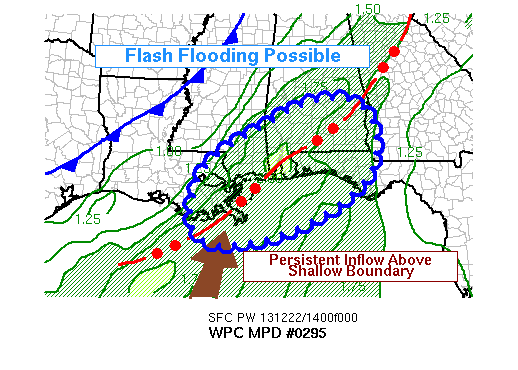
AREAS AFFECTED...SE LA...SRN MS AND AL...NW FL

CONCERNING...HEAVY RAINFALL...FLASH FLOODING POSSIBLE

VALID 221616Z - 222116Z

SUMMARY...PERSISTENT TRAINING NEAR AN OUTFLOW BOUNDARY MAY YIELD
ISOLATED FLASH FLOODING. THE AXIS OF HEAVY RAIN WILL MOVE ONLY
VERY SLOWLY EAST THIS AFTERNOON.

DISCUSSION...A NARROW SWATH OF 2 TO 4 INCHES OF RAIN HAD FALLEN IN
THE EARLY MORNING HOURS OVER A SMALL PART OF SOUTHERN MS/AL. THIS
AREA FROM JUST NORTH OF GULFPORT MS TO WEST OF THOMASVILLE AL WILL
BE AT SOMEWHAT GREATER RISK OF FLASH FLOODING WITH MODERATE TO
HEAVY RAINS EXPECTED TO CONTINUE. OTHER SURROUNDING
AREAS...TOO...MAY SEE RAINFALL EXCEEDING FLASH FLOOD GUIDANCE ON
THE LONGER...3 TO 6 HOUR...TIME SCALES.

ON THE LARGE SCALE THIS REGION REMAINS WITHIN CONFLUENT 850-700 MB
FLOW WITH PW VALUES OF ABOUT 1.8 INCHES...2.5 STANDARD DEVIATIONS
FROM CLIMATOLOGY...FEEDING IN OFF THE GULF. THE LOW LEVEL JET WILL
BE VEERING AS A SIGNIFICANT SHORTWAVE EXITS TOWARD THE
NORTHEAST...BUT THE RAP AND HRRR MODELS ARE INSISTENT THAT 850-700
MB LIFT REMAINS FOCUSED THROUGH LATE AFTERNOON IN A ZONE FROM SE
LA TOWARD SE AL. WITH SUFFICIENT INFLOW AND WEAK COLD POOL
FORMATION...CONTINUAL REDEVELOPMENT OF CELLS APPEARS LIKELY BEHIND
THE INITIAL OUTFLOW BOUNDARY...WITH CELLS THEN TRAINING FROM SW TO
NE.

ALTHOUGH THIS TYPE OF ELEVATED CONVECTION IS OFTEN RANDOMLY
DISTRIBUTED...IT MAY BE PERSISTENT ENOUGH TO PRODUCE 3 TO 4 INCHES
OF RAIN LOCALLY THROUGH 21Z...PER NEARLY UNANIMOUS HIGH RESOLUTION
GUIDANCE. THE NARROW ZONE OF FAVORABLE LIFT AND INSTABILITY IS
FORECAST TO DRIFT EAST INTO AL/FL WITH TIME.